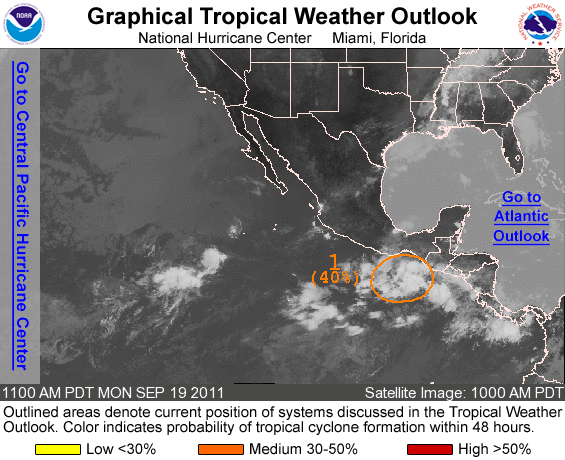
FOR THE EASTERN NORTH PACIFIC...EAST OF 140 DEGREES WEST LONGITUDE..

1. SHOWERS AND THUNDERSTORMS HAVE BECOME A LITTLE BETTER ORGANIZED DURING THE PAST SEVERAL HOURS IN ASSOCIATION WITH A BROAD AREA OF LOW PRESSURE CENTERED ABOUT 250 MILES SOUTH OF THE GULF OF TEHUANTEPEC. CONDITIONS APPEAR FAVORABLE FOR ADDITIONAL SLOW DEVELOPMENT OF THIS SYSTEM OVER THE NEXT COUPLE OF DAYS AS IT MOVES WESTWARD AT 5 TO 10 MPH. THIS SYSTEM HAS A MEDIUM CHANCE...40 PERCENT...OF BECOMING A TROPICAL CYCLONE DURING THE NEXT 48 HOURS.

ELSEWHERE...TROPICAL CYCLONE FORMATION IS NOT EXPECTED DURING THE NEXT 48 HOURS.

FORECASTER CANGIALOSI